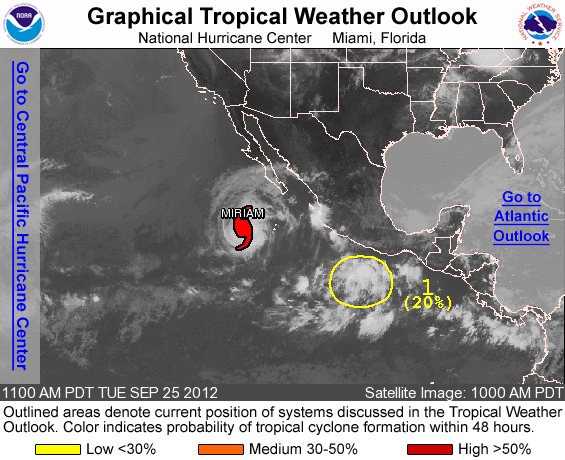
FOR THE EASTERN NORTH PACIFIC...EAST OF 140 DEGREES WEST LONGITUDE..

THE NATIONAL HURRICANE CENTER IS ISSUING ADVISORIES ON HURRICANE MIRIAM...LOCATED ABOUT 415 MILES SOUTHWEST OF THE SOUTHERN TIP OF BAJA CALIFORNIA.

1. AN AREA OF DISTURBED WEATHER HAS DEVELOPED A FEW HUNDRED MILES SOUTH OF ACAPULCO MEXICO. ANY DEVELOPMENT OF THIS DISTURBANCE DURING THE NEXT COUPLE OF DAYS SHOULD BE SLOW TO OCCUR DUE TO STRONG UPPER-LEVEL WINDS. THIS SYSTEM HAS A LOW CHANCE...20 PERCENT...OF BECOMING A TROPICAL CYCLONE DURING THE NEXT 48 HOURS AS IT MOVES WEST-NORTHWESTWARD AT 10 TO 15 MPH.

ELSEWHERE...TROPICAL CYCLONE FORMATION IS NOT EXPECTED DURING THE NEXT 48 HOURS.

FORECASTER BROWN